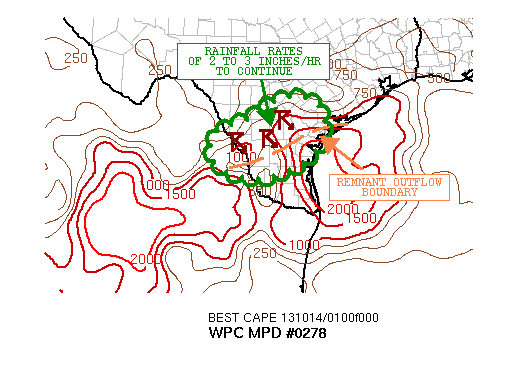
AREAS AFFECTED...SOUTHERN TX

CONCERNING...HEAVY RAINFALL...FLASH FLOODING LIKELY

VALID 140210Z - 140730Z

SUMMARY...ADDITIONAL HEAVY RAINS ARE EXPECTED OVER THE NEXT
SEVERAL HOURS ACROSS PORTIONS OF THE LOWER RIO GRANDE VALLEY.
GIVEN ALREADY LOCALLY SATURATED SOIL FROM EARLIER RAINFALL...THE
THREAT FOR FLASH FLOODING WILL BE ELEVATED.

DISCUSSION...A COLD-TOPPED MCS CONTINUES TO FOCUS ACROSS PORTIONS
OF THE LOWER RIO GRANDE VALLEY AND ESPECIALLY SOUTHEAST OF KCOT.
AN OUTFLOW BNDRY WHICH WAS ORIGINALLY GENERATED BY CONVECTION MUCH
EARLY IN THE DAY HAS ESSENTIALLY STALLED OUT JUST SOUTHEAST OF THE
ACTIVITY...BUT WILL BE TENDING TO BE REINFORCED WITH A VERY SLOW
SOUTHEAST ADVANCE. IR/WV SAT IMAGERY SHOWS PERSISTENTLY DIV FLOW
ALOFT IN ASSOC WITH H25 RRQ JET DYNAMICS AND OUTFLOW ASSOCD WITH
T.S. OCTAVE IN THE E PAC SOUTH OF MEXICO. A DEEP AMOUNT OF
TROPICAL MOISTURE IS IN PLACE...WITH A COMBINATION OF SELY LOW
LEVEL MOISTURE TRANSPORT IN OFF THE GULF OF MEXICO...AND SWLY
MID/UPR LEVEL FLOW EMANATING FROM THE E PAC WITH T.S. OCTAVE AND
CROSSING MAINLAND MEXICO INTO THE SOUTHERN PLAINS. THE LATEST RAP
ANALYSIS SHOWS MUCAPE VALUES OF 1000 TO 2000 J/KG OVER SOUTH TX
FEEDING INTO THE MCS WITH THE AID ESP OF THE LOW LEVEL FLOW. WHILE
THE INSTABILITY IS RATHER MODEST...THE JET DYNAMICS ALOFT ARE
YIELDING SUSTAINABLE DEEP LYR ASCENT...AND IT IS LIKELY AS A
RESULT THAT THE ONGOING MCS WILL PERSIST FOR SEVERAL MORE HOURS.

GIVEN THE HEAVY RAINFALL ACROSS PORTIONS OF THE REGION ON
SUN...SOIL CONDITIONS ARE BECOMING LOCALLY SATURATED AND ANY
ADDITIONAL HEAVY RAINFALL IS EXPECTED TO DRIVE AN ELEVATED RISK OF
FLASH FLOODING. OBSERVED RAINFALL RATES HAVE BEEN ON THE ORDER OF
2 TO 3 INCHES/HR...AND THAT WILL CONTINUE WITHIN THE STRONGER
CONVECTIVE ELEMENTS. WILL CONTINUE TO MONITOR.